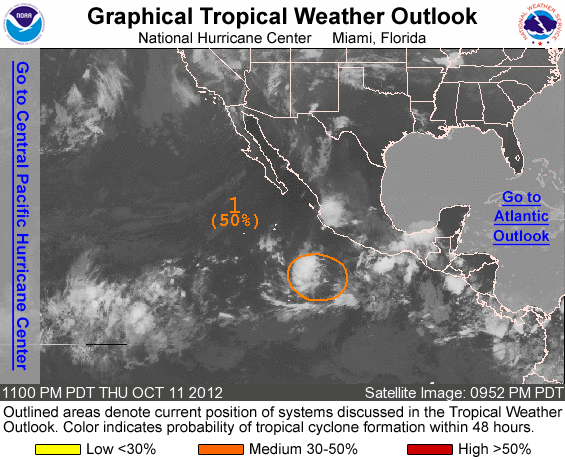
FOR THE EASTERN NORTH PACIFIC...EAST OF 140 DEGREES WEST LONGITUDE..

1. A WEAK LOW PRESSURE AREA LOCATED ABOUT 450 MILES SOUTH OF MANZANILLO MEXICO CONTINUES TO PRODUCE DISORGANIZED SHOWERS AND THUNDERSTORMS. WHILE UPPER-LEVEL WINDS ARE CURRENTLY ONLY MARGINALLY FAVORABLE FOR DEVELOPMENT...THEY ARE FORECAST TO BECOME MORE FAVORABLE IN A DAY OR TWO. THIS SYSTEM HAS A MEDIUM CHANCE...50 PERCENT...OF BECOMING A TROPICAL CYCLONE DURING THE NEXT 48 HOURS AS GENERALLY WESTWARD AT 10 TO 15 MPH.

ELSEWHERE...TROPICAL CYCLONE FORMATION IS NOT EXPECTED DURING THE NEXT 48 HOURS.

FORECASTER KIMBERLAIN